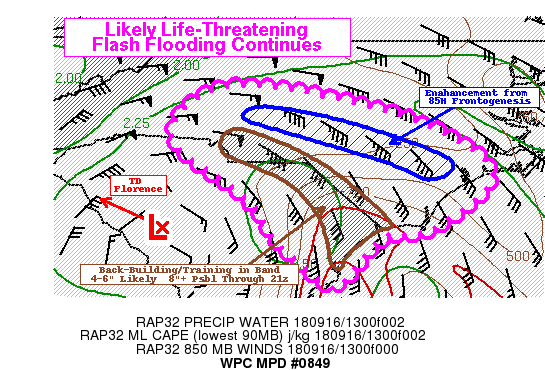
Areas affected...Northern SC... Southern NC...

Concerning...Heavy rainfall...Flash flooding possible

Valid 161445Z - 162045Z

SUMMARY...Expected increase/backbuilding of inner core band of TD
Florence which will train over recently highly flooded areas
further compounding life-threatening flooding conditions.

DISCUSSION...GOES-East 1-minute imagery and regional RADAR
reflectivity mosaic depict the center of Florence near the
Saluda/Edgefield/Aiken county intersection lifting NNW.  WV suite
denotes an elongation of the mid-level circulation with a
vorticity lobe rotating along the eastern quadrant of Florence.
The inner band, enhanced in the lower levels by the cyclonic
branch of the warm conveyor, is showing increased convective
activity starting to backbuild toward the SSE.  Strong sfc
moisture convergence with coastal winds of 15-25kts and Tds in the
upper 70s/lower 80s fed by the Gulf Stream Current supports
MLCAPEs in this band as high as 2500 J/kg tapering off to around
100-250 J/kg near KCLT.  Strong enhanced low level inflow will
support upstream redevelopment of this band and given 2.4" total
PWATs and mean mixing ratios over 18 kg/kg.  This should support
rain rates in excess of 3"/hr near the coast.  Mean cell motions
will support training especially towards a confluence point near
CLT as well, otherwise, the band along with the upper level
forcing should support slow but northward propagation with time,
perhaps reaching the NC/SC border toward 20z-21z. This should
support sections of the band to have an additional 4-6"
(Dillon/Marlboro to Horry counties) and 2-4" likely further
upstream into south central NC.  Isolated totals greater than 8"
are possible especially with greatest vertical development and
longest training likely near coastal counties.  This is in line
with the ARW and recent HRRR evolution providing solid confidence
to these extreme totals unfolding.

Farther north...stronger frontogenetic forcing is increasing from
Rowan to Onslow county in the 850mb zone...strengthening northerly
component and aforementioned DPVA from vort center rotating north
should strengthen low level flow/confluence for this FGEN forcing.
 While instability is a bit reduced and moisture convergence is
less than further south, efficient modest 1"/hr rainfall with
isolated higher amounts from lingering convective elements within
the band should further compound already flooded regions, though
with an additional 2-3" totals likely with potentially 4" totals
nearer the coast of New Hanover to Onslow county.